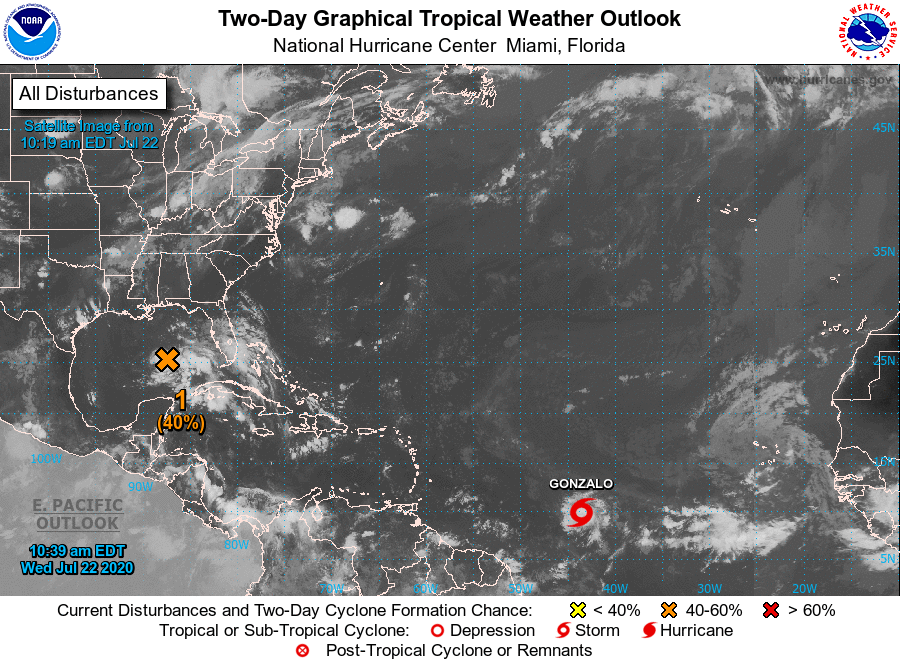
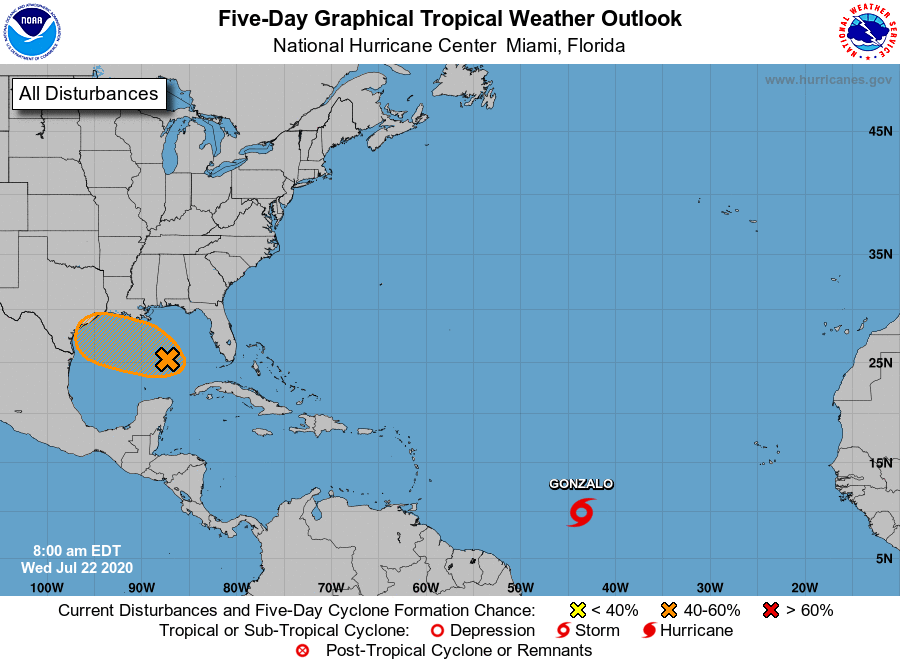
For the North Atlantic...Caribbean Sea and the Gulf of Mexico:

The National Hurricane Center is issuing advisories on Tropical Depression Seven, located over the central tropical Atlantic.

1. A tropical wave is producing a large area of disorganized showers and thunderstorms over the eastern Gulf of Mexico, central and southern Florida, and western Cuba. Gradual development of this system is possible while it moves west-northwestward, and a tropical depression could form during the next few days. This disturbance is expected to move over the central Gulf today, and reach the northwestern Gulf on Thursday and Friday. An Air Force Reserve Hurricane Hunter aircraft is scheduled to investigate the system later today, if necessary.
* Formation chance through 48 hours...medium...40 percent.
* Formation chance through 5 days...medium...50 percent.

Public Advisories on Tropical Depression Seven are issued under WMO header WTNT32 KNHC and under AWIPS header MIATCPAT2. Forecast/Advisories on Tropical Depression Seven are issued under WMO header WTNT22 KNHC and under AWIPS header MIATCMAT2.

Forecaster Beven